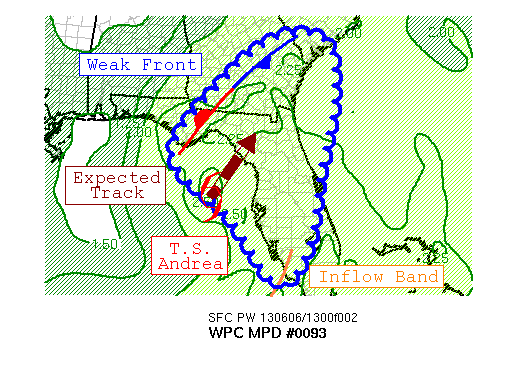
AREAS AFFECTED...CENTRAL AND NORTHEAST FL...SOUTHERN GA...SOUTHERN
SC

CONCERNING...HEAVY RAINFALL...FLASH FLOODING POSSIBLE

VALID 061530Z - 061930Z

SUMMARY...TROPICAL STORM ANDREA CONTINUES TO MOVE NORTHEAST
TOWARDS NORTHERN FL AND SOUTHERN GA, WHICH COULD CAUSE FLASH
FLOODING ANYWHERE BETWEEN CENTRAL FL AND FAR SOUTHERN SC OVER THE
NEXT SEVERAL HOURS.

DISCUSSION...TROPICAL STORM ANDREA IS MOVING THROUGH APALACHEE BAY
TOWARDS THE NORTHWEST FL, EXPECTED TO MAKE LANDFALL BETWEEN CEDAR
KEY AND PERRY FL LATE THIS AFTERNOON.  THE HEAVIEST RAINFALL
WITHIN ITS PRIMARY RAIN BAND APPROACHING WESTERN FL APPEARS TO BE
PROPAGATING SOUTHWARD AND REMAINING OFFSHORE, WHICH WAS INDICATED
IN THE 06Z GFS CORFIDI VECTORS.  THUNDERSTORM ACTIVITY ACROSS
CENTRAL FL WAS FILLING IN DOWNWIND OF SOUTHERN FL, WHICH CONTINUES
TO BENEFIT FROM DAYTIME HEATING/HIGH VALUES OF SURFACE-BASED
INSTABILITY.  THE MESOSCALE GUIDANCE IS HAVING SIGNIFICANT
PROBLEMS WITH THEIR RAINFALL PATTERNS, WITH A COMPROMISE OF THE
12Z HRRR AND THE 00Z NAM CONEST HANDLING THE SITUATION THE LEAST
POORLY.

A WEAK FRONTAL BOUNDARY/BAROCLINIC TROUGH EXTENDS THROUGH CENTRAL
GA INTO CENTRAL SC, WITH THE GA PORTION EXPECTED TO SHIFT
SOUTHEASTWARD JUST NORTHWEST OF ANDREA AND THE SC PORTION EXPECTED
TO LIFT NORTHWARD THROUGH NC IN ADVANCE OF THE STORM, LEAVING A
WEAK COLD AIR DAMMING/WEDGE SIGNATURE BETWEEN THE FALL LINE/I-95
AND THE SOUTHERN APPALACHIANS.  A COMBINATION OF ANDREA'S COMMA
HEAD PRECIPITATION PATTERN AND THIS WEAK FRONT IS EXPECTED TO LEAD
TO GOOD LOW- TO MID- LEVEL FRONTOGENESIS ACROSS NORTHEAST FL AND
SOUTHERN GA TODAY, WHICH SHOULD HAVE THE HIGHEST RISK OF FLASH
FLOODING THIS PERIOD, THOUGH LOCATIONS ALONG THE WESTERN FL COAST
CANNOT BE RULED OUT IN CASE SOME OF THE HEAVIER CONVECTIVE
ELEMENTS MANAGE TO MOVE ASHORE.  FLASH FLOOD GUIDANCE VALUES --
FFGS -- HAVE LOWERED ACROSS SOUTHERN AND EASTERN FL DUE TO AN
EARLIER RAINBAND WHICH MOVED OUT INTO THE WESTERN ATLANTIC, THOUGH
THEY REMAIN HIGH ELSEWHERE ACROSS FL, SOUTHERN GA, WITH SLIGHTLY
LOWER VALUES ACROSS THE COASTAL PLAIN OF SC.  PRECIPITABLE WATER
VALUES -- PWS -- ARE BETWEEN 2 AND 2.5 INCHES WHICH COULD LEAD TO
LOCAL RAINFALL AMOUNTS OF 3-5 INCHES WITHIN A COUPLE HOURS WHERE
CELLS TRAIN, WHICH WOULD CAUSE FLASH FLOODING.